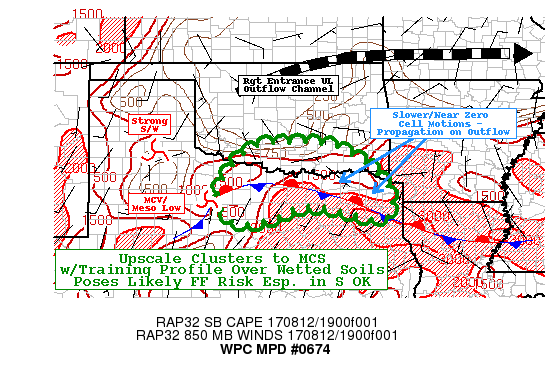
AREAS AFFECTED...SOUTHERN OK...NORTHERN TX

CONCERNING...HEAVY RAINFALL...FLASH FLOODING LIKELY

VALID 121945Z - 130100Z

SUMMARY...EXPANDING SLOW MOVING CONVECTION GROWING UPSCALE WITH
POTENTIAL FOR TRAINING IN VICINITY OF RED RIVER.

DISCUSSION...EXPERIMENTAL GOES-16 6.9UM MID-LEVEL WV CHANNEL
DEPICTS MAIN SYNOPTIC SHORTWAVE CURRENTLY APPROACHING THE SW
CORNER OF OK WHILE FURTHER SOUTH A MORE FOCUSED MESOSCALE MCV CAN
BE SEEN WELL IN DYX RADAR LIFTING NORTH AS WELL.  BOTH ARE
PROVIDING EXCELLENT DPVA AND COMBINED WITH PERIPHERAL RIGHT
ENTRANCE DYNAMICS FROM E-W JET ACROSS OK/KS INTO THE OZARKS
PROVIDING EXCELLENT MID TO UPPER LEVEL ASCENT. PERSISTENT CLOUD
COVER NORTH OVER S CENTRAL OK ALONG WITH CLEARING SOUTH OF THE RED
RIVER HAS FURTHER STRENGTHENED FRONTAL ZONE WHILE ALLOWING SFC T
TO REACH THE 90S AND TDS TO REMAIN IN THE LOW 70S.  THIS SUPPORTS
SBCAPES UP TO 4000 J/KG.  AS SUCH GOES-16 VIS SHOWS SIGNIFICANT
CONVECTIVE GROWTH ACROSS N TX FROM SPS TO JDD WITH GREATER
COVERGE/CLUSTERING FURTHER NW TOWARD THE MCV.  SOME MILD MID-LEVEL
DRYING NEEDS TO BE OVERCOME IN THE SHORT-TERM THOUGH CELLS WILL
BECOME INCREASINGLY EFFICIENT WITH TIME...WITH RATES NEAR 2"/HR.
ADDITIONALLY IN THE SHORT-TERM CELLS ARE CURRENTLY SETTING UP OVER
THE AREA THAT HAS REMAINED MOST DRY OVER THE LAST WEEK OR SO PER
AHPS ANOMALIES AND FFG VALUES...PRESENTING SOME TIME BEFORE FF
CONDITIONS MAY BE REACHED.

GIVEN INFLUENCE OF THE DIFFERENTIAL HEATING...IT APPEARS HI-RES
GUIDANCE IS STRUGGLING A BIT TO HANDLE THE EVOLUTION PARTICULARLY
THE EARLIER ACTIVATION.  HOWEVER...THE 17Z ESRL HRRRV3 APPEARS TO
BE SOLVING THE NEAR TERM THE BEST.  AS THE SHORTWAVE LIFTS NORTH
CELLS WILL CROSS THE RIVER AND POTENTIAL ELEVATE SLIGHTLY GIVEN
THE BOUNDARY...HOWEVER...INCREASED EFFECTIVE BULK SHEAR AND
VEERING STEERING FLOW (TOWARD THE EAST) SET UP THE POTENTIAL FOR
CONVECTION TO TRAIN OVER WETTER SOILS A PRESENT INCREASED RISK OF
FLASH FLOODING THROUGH 00Z...PARTICULARLY ACROSS SOUTH CENTRAL OK.
GIVEN THE 17Z HRRRV3 SUGGESTS RAINFALL TOTALS OVER 3-4" IN THE
NEXT 6HRS FLASH FLOODING IS CONSIDERED LIKELY.

FURTHER EAST ALONG THE LINE CURRENTLY IN NE TX... WITH WEAKER
STEERING FLOW CELLS MAY REMAIN A BIT MORE ISOLATED BUT ALSO HAVE
LIMITED STEERING FLOW/NEAR ZERO PROPAGATION VECTORS.  AS SUCH
THERE WILL BE A GREATER TENDENCY TO HAVE A STRONG
UPDRAFT/DOWNDRAFT COUPLING WITH 2-3" TOTALS BEFORE PROPAGATING ON
THE OUTFLOW TOWARD REMAINING INSTABILITY...THIS WILL EVENTUALLY
PRESENT AN ISSUE NEARER THE RIVER WHERE GROUND CONDITIONS ARE MOST
SATURATED (IN VIC OF LAMAR/FANNIN/RED RIVER/DELTA COUNTIES) WHERE
RAIN TOTALS OVER THE LAST 7 DAYS ARE OVER 600% OF NORMAL...AND AS
SUCH FLASH FLOODING IS HIGHLY PROBABLE WITH CELLS THAT FORM HERE
AS WELL.